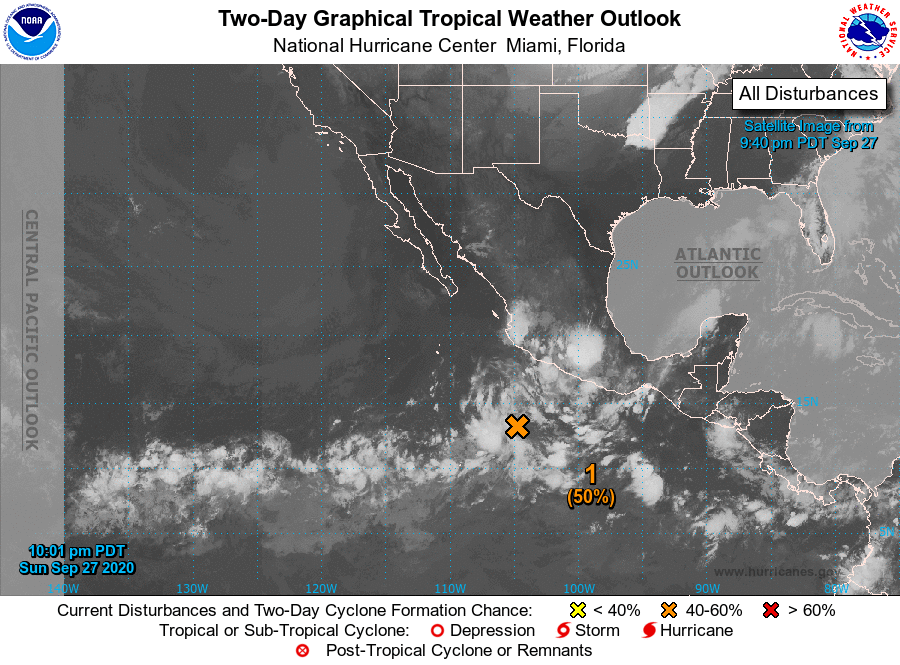
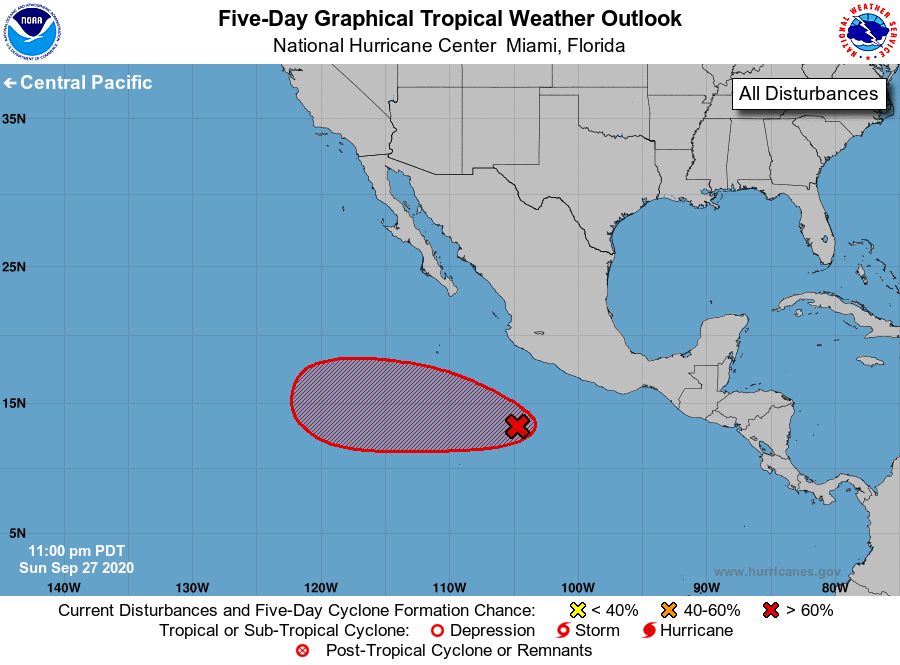
For the eastern North Pacific...east of 140 degrees west longitude:

1. A well-defined low pressure area located a few hundred miles south of the southwestern coast of Mexico is producing disorganized cloudiness and thunderstorms. The disturbance is forecast to move generally westward for the next several days, and environmental conditions are expected to gradually become conducive for a tropical depression to form around midweek.
* Formation chance through 48 hours...medium...50 percent.
* Formation chance through 5 days...high...90 percent.

Forecaster Blake